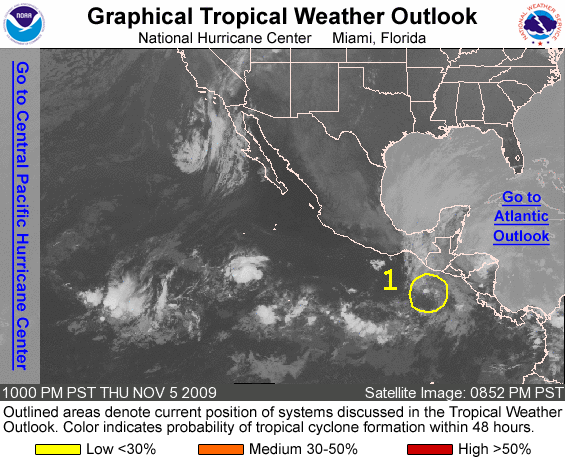
FOR THE EASTERN NORTH PACIFIC...EAST OF 140 DEGREES WEST LONGITUDE..

1. SHOWER AND THUNDERSTORM ACTIVITY REMAINS MINIMAL IN ASSOCIATION WITH AN AREA OF LOW PRESSURE LOCATED ABOUT 230 MILES SOUTH OF THE MEXICO/GUATEMALA BORDER. ANY DEVELOPMENT OF THIS SYSTEM WILL BE SLOW TO OCCUR OVER THE NEXT DAY OR SO BEFORE UPPER-LEVEL WINDS BECOME LESS FAVORABLE FOR DEVELOPMENT. THERE IS A LOW CHANCE...LESS THAN 30 PERCENT...OF THIS SYSTEM BECOMING A TROPICAL CYCLONE DURING THE NEXT 48 HOURS AS IT MOVES SLOWLY NORTHWARD OR NORTHEASTWARD.

ELSEWHERE...TROPICAL CYCLONE FORMATION IS NOT EXPECTED DURING THE NEXT 48 HOURS.

FORECASTER BRENNAN